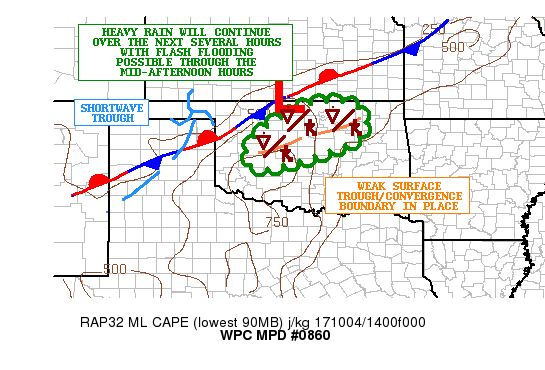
AREAS AFFECTED...CENTRAL/NORTHERN OK

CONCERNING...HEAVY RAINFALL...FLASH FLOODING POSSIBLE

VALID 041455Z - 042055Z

SUMMARY...CLUSTERS OF HEAVY SHOWERS AND THUNDERSTORMS WITH VERY
HEAVY RAINFALL ARE EXPECTED OVER THE NEXT SEVERAL HOURS. SOME
FLASH FLOODING IS POSSIBLE.

DISCUSSION...NON-OPERATIONAL GOES-16 10.3 MICRON/IR IMAGERY IS
SHOWING A GRADUAL EXPANSION AND COOLING OF CONVECTIVE TOPS OVER
CENTRAL AND NORTHERN OK TO THE SOUTHEAST OF A FRONTAL ZONE AND OUT
AHEAD OF A WEAK SHORTWAVE IMPULSE APPROACHING THE REGION FROM THE
OK/TX PANHANDLES. THE CONVECTION IS ORGANIZING IN A VERY MOIST
ENVIRONMENT...WITH THE LATEST GPS-DERIVED PWATS RANGING FROM 2 TO
2.2 INCHES WHICH IS A SOLID 3+ SIGMAS ABOVE NORMAL FOR THIS TIME
OF THE YEAR.

THE CONVECTION IS EMBEDDED WITHIN ONLY A MODEST INSTABILITY
ENVIRONMENT THOUGH WITH MLCAPE VALUES OF 500 TO 1000
J/KG...HOWEVER THERE IS A FAIR DEGREE OF UPPER LEVEL DIVERGENCE
SEEN IN THE LATEST IR/WV IMAGERY WITH THE APPROACH OF THE UPSTREAM
SHORTWAVE...AND THUS THERE IS SOME LARGER SCALE ASCENT HELPING TO
COMPENSATE FOR THE GENERAL LACK OF INSTABILITY.
ADDITIONALLY...THERE IS EVIDENCE OF A WEAK SURFACE TROUGH OVER
CENTRAL OK WHICH IS PROVIDING FOR SOME LOCALLY FOCUSED AREAS OF
SURFACE CONVERGENCE. THIS IS ALSO AT LEAST LOCALLY HELPING TO
ENHANCE SOME OF THE CURRENT CONVECTIVE CLUSTERING SEEN IN RADAR
IMAGERY.

THE LATEST HRRR GUIDANCE WHICH HAD TENDED TO BE GENERALLY TOO WET
EARLY IN THE MORNING APPEARS TO GRADUALLY BE COMING INTO BETTER
ALIGNMENT WITH OBSERVATIONAL DATA AND APPEARS MORE
REASONABLE...ALBEIT PERHAPS STILL A TAD TOO WET LOCALLY. THE VERY
HIGH PWAT ENVIRONMENT AND COOLING OF CONVECTIVE TOPS WILL SUPPORT
VERY HIGH RAINFALL RATES THAT MAY EXCEED 2.5 INCHES/HR. THE LATEST
HRRR THROUGH 21Z FAVORS AS MUCH AS AN ADDITIONAL 3 TO 6
INCHES...WITH THE HEAVIEST TOTALS OVER CENTRAL OK. THESE TOTALS
MAY RESULT IN SOME FLASH FLOODING.